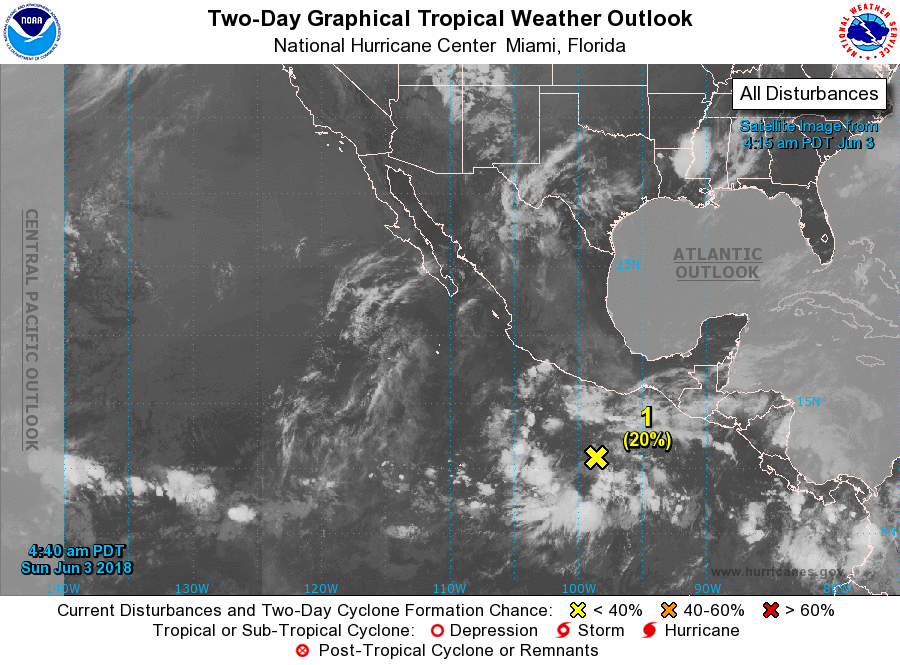
For the eastern North Pacific...east of 140 degrees west longitude:

1. A large area of disorganized showers and thunderstorms is centered a few hundred miles south of the southern coast of Mexico. Environmental conditions are forecast to support development of this system during the next several days, and a tropical depression is expected to form on Wednesday or Thursday while it moves slowly west-northwestward.
* Formation chance through 48 hours...low...20 percent.
* Formation chance through 5 days...high...90 percent.

Forecaster Cangialosi